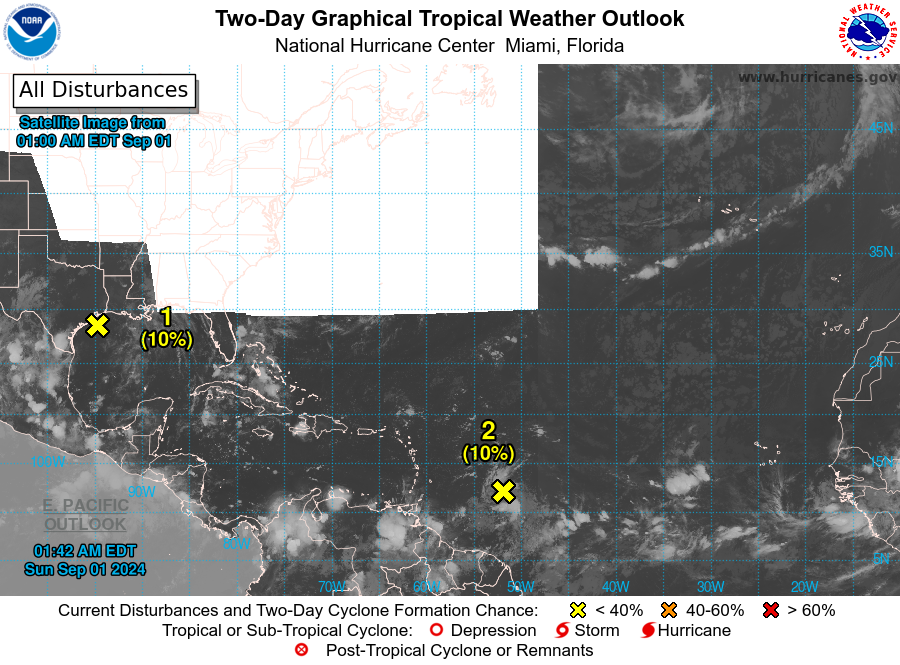
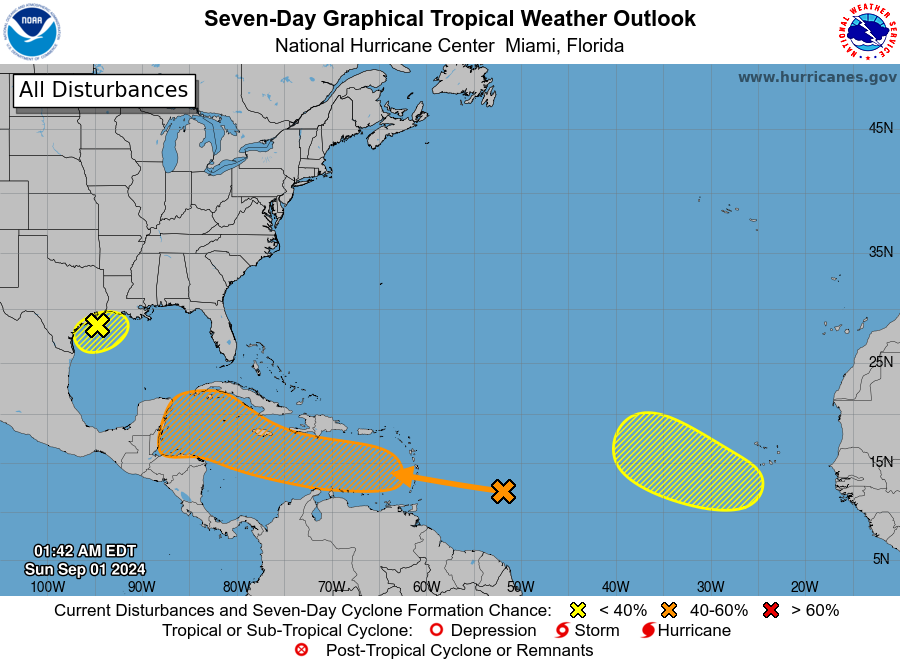
For the North Atlantic...Caribbean Sea and the Gulf of Mexico:

1. Northwestern Gulf of Mexico: A broad area of low pressure near the upper Texas coast is producing limited shower activity along and just offshore of the coasts of Texas and Louisiana. This system is expected to linger near the coast through much of this week, and some slow development is possible if it meanders offshore. Regardless of development, heavy rains could cause some flash flooding across portions of coastal Louisiana and the upper Texas coast during the next few days.
* Formation chance through 48 hours...low...10 percent.
* Formation chance through 7 days...low...20 percent.

2. Near the Lesser Antilles and Caribbean Sea: Shower activity associated with a tropical wave located several hundred miles east of the Lesser Antilles continues to show some signs of organization. Slow development is possible as the disturbance moves westward and reaches the Lesser Antilles on Monday. Later this week, the wave is expected to move across the central and western Caribbean Sea, where conditions will probably become more conducive for some development, and a tropical depression could form during that time.
* Formation chance through 48 hours...low...10 percent.
* Formation chance through 7 days...medium...40 percent.

3. Eastern Tropical Atlantic Ocean: A tropical wave over western Africa is forecast to move offshore on Monday. Thereafter, environmental conditions could support some slow development throughout the week while the system moves slowly westward or west-northwestward over the eastern tropical Atlantic Ocean.
* Formation chance through 48 hours...low...near 0 percent.
* Formation chance through 7 days...low...20 percent.

Forecaster Blake